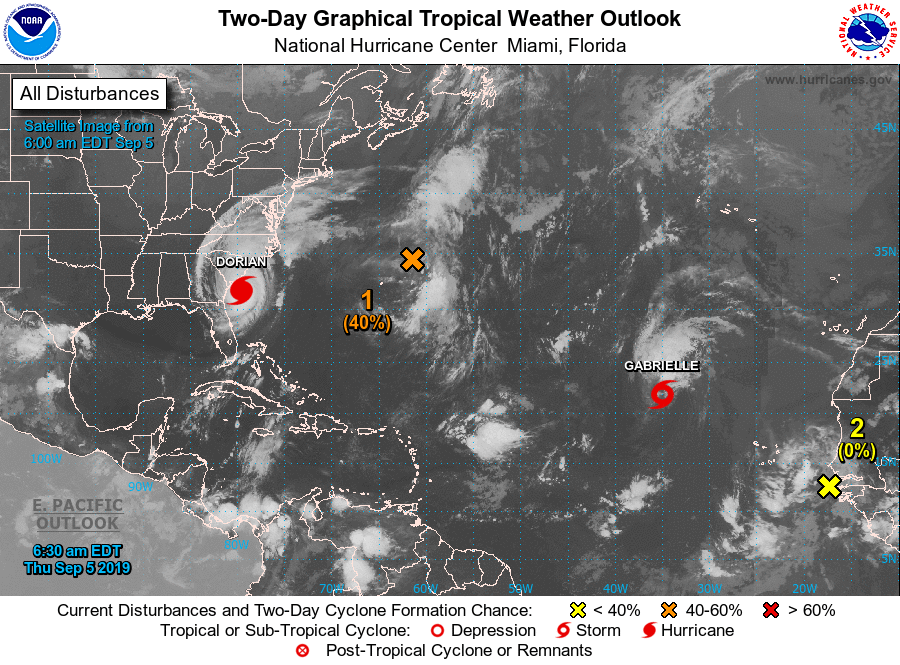
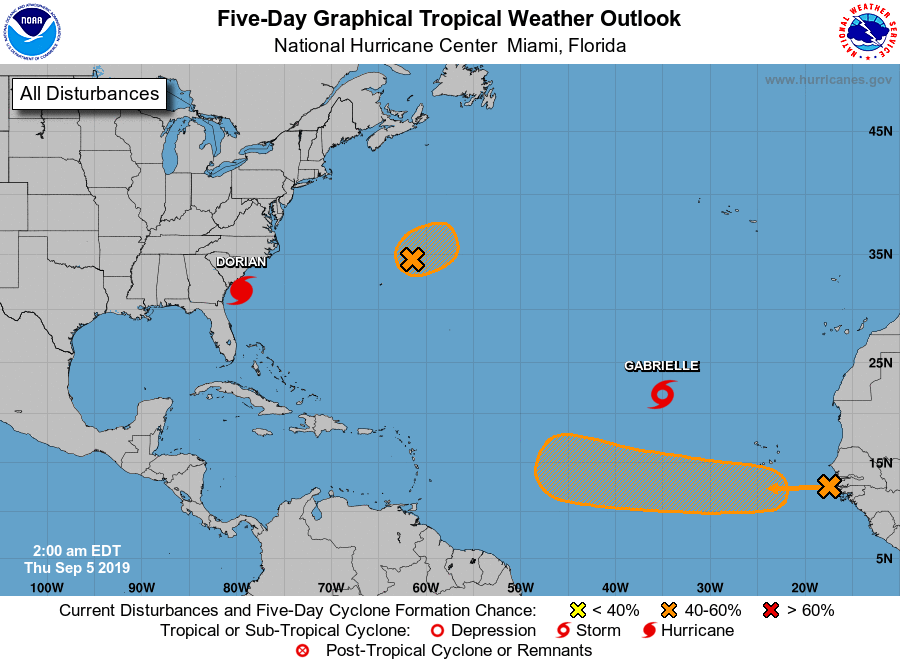
For the North Atlantic...Caribbean Sea and the Gulf of Mexico:

The National Hurricane Center is issuing advisories on Hurricane Dorian, located a little over 100 miles south of Charleston, South Carolina, on Tropical Storm Gabrielle, located several hundred miles west-northwest of the Cabo Verde Islands, and has issued the last advisory on the remnants of Fernand located over northeastern Mexico.

1. A small area of low pressure located a little over 200 miles northeast of Bermuda is producing limited showers and thunderstorms, well to the southeast of the center. Increasingly unfavorable upper-level winds, produced by Hurricane Dorian, are expected to inhibit further development during the next several days as the system moves northeastward into the central north Atlantic.
* Formation chance through 48 hours...medium...40 percent.
* Formation chance through 5 days...medium...40 percent.

2. A tropical wave along the coast of Africa will begin to move over the eastern Atlantic tonight. Environmental conditions appear to be conducive for some slow development late this week, and this system has the potential to become a tropical depression early next week while it moves westward across the tropical Atlantic Ocean.
* Formation chance through 48 hours...low...near 0 percent.
* Formation chance through 5 days...medium...50 percent.

Forecaster Roberts